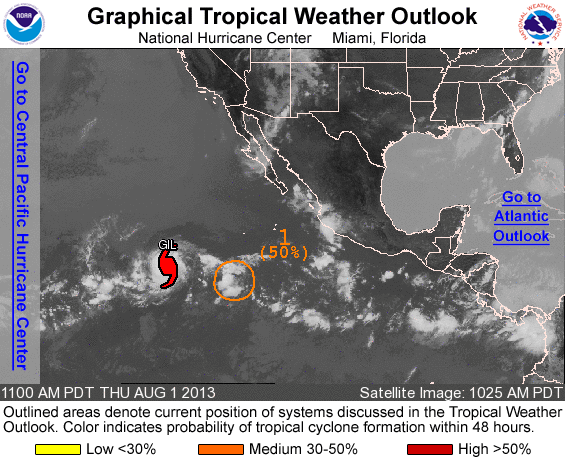
FOR THE EASTERN NORTH PACIFIC...EAST OF 140 DEGREES WEST LONGITUDE..

THE NATIONAL HURRICANE CENTER IS ISSUING ADVISORIES ON HURRICANE GIL...LOCATED WELL TO THE SOUTHWEST OF THE SOUTHERN TIP OF THE BAJA CALIFORNIA PENINSULA.

1. SHOWERS AND THUNDERSTORMS ASSOCIATED WITH AN AREA OF LOW PRESSURE...LOCATED ABOUT 800 MILES SOUTH-SOUTHWEST OF THE SOUTHERN TIP OF THE BAJA CALIFORNIA PENINSULA...REMAIN POORLY ORGANIZED. ENVIRONMENTAL CONDITIONS ARE EXPECTED TO BE MARGINALLY CONDUCIVE FOR DEVELOPMENT FOR THE NEXT COUPLE OF DAYS...AND ARE LIKELY TO BECOME LESS CONDUCIVE AFTER THAT TIME. THIS SYSTEM HAS A MEDIUM CHANCE...50 PERCENT...OF BECOMING A TROPICAL CYCLONE DURING THE NEXT 48 HOURS...AND A MEDIUM CHANCE...50 PERCENT...OF BECOMING A TROPICAL CYCLONE DURING THE NEXT 5 DAYS.

FIVE-DAY FORMATION PROBABILITIES ARE EXPERIMENTAL IN 2013. COMMENTS ON THE EXPERIMENTAL FORECASTS CAN BE PROVIDED AT...USE LOWER CASE...

HTTP://WWW.NWS.NOAA.GOV/SURVEY/NWS-SURVEY.PHP?CODE=ETWO

FORECASTER AVILA/ZELINSKY